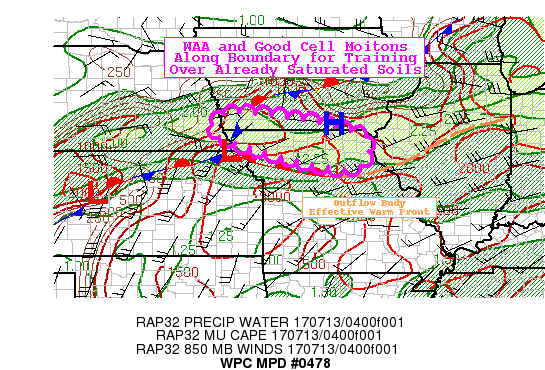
AREAS AFFECTED...NORTHERN MO...SOUTHERN IA...EXT SOUTHEAST NEB

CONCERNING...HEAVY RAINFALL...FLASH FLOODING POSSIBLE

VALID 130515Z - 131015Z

SUMMARY...CONTINUED ISENTROPIC ASCENT WITH CONVECTION REPEATING
ACROSS SATURATED GROUNDS THROUGH EARLY MORNING CONTINUING FLASH
FLOODING THREAT.

DISCUSSION...SURFACE ANALYSIS DENOTES A WEAK SURFACE WAVE NEAR FAR
NW MO AT INTERSECTION OF OUTFLOW BOUNDARY ACTING  AS AN EFFECTIVE
WARM FRONT EXTENDING SE ACROSS NORTHERN MO AND A STATIONARY FRONT
EXTENDING SW ACROSS CENTRAL KS.  A STRONG UPSTREAM SHORTWAVE OVER
NW KS LIFTING NORTHEASTWARD IS FURTHER ENHANCING NORTHWARD BULGE
OF WARM SECTOR AND STRONG SWLY WAA REGIME ACROSS KS ORTHONGANALLY
INTERSECTING THE EFFECTIVE WARM FRONT AND WITH SOLID MESO HIGH
ACROSS SE IA/NE MO....THE BOUNDARY IS FAIRLY STATIONARY.  AS SUCH
ASCENT TO MAINTAIN CONVECTION EXISTS WITH AN AMPLE POOL OF
UNSTABLE WARM SECTOR HIGH THETA-E AIR (TDS IN LOW/MID 70S)
SUPPORTING CAPES OVER 2500 J/KG.  FAIRLY SATURATED GROUND
CONDITIONS AND MODEST MOISTURE FLUX SUPPORTS A RIBBON OF 1.75-2.0"
TPWS ALONG THE BOUNDARY.

CURRENTLY ONGOING ACTIVITY FROM LINN TO GENTRY COUNTY IS MOVING
SOUTHEAST NEARLY PARALLEL TO THE BOUNDARY GIVEN RECENT 7-5H SUBTLE
TROF PASSAGE...ALLOW FOR SOME REPEATING TO OCCUR EVEN OVER AREAS
AFFECTED BY EARLIER ROUNDS OF CONVECTION LEADING TO SATURATED
SOILS OR SOME CASES ONGOING FLOODING CONDITIONS.

AS THE MAIN SHORTWAVE LIFTS NORTHEAST...THE LEFT EDGE OF THE LLJ
WILL ALLOW FOR UPSTREAM REDEVELOPMENT TO OCCUR FROM FAR SE NEB/SW
IA THROUGHOUT THE EARLY MORNING SLOWLY VEERING TO THE WEST BY
10-11Z...KEEPING THE FOCUS ACROSS S IA/N MO KEEPING THE THREAT FOR
ADDITIONAL FLASH FLOODING POSSIBLE WITH AN ADDITIONAL 3-4"
POSSIBLE.  THIS IS SUPPORTED BY MUCH OF THE HI-RES GUIDANCE SUITE
INCLUDING THE ARW/NMMB/NSSL-WRF AND RECENT HRRR AND EXP. HRRR
SOLUTIONS PROVIDING SOME ADDED CONFIDENCE.